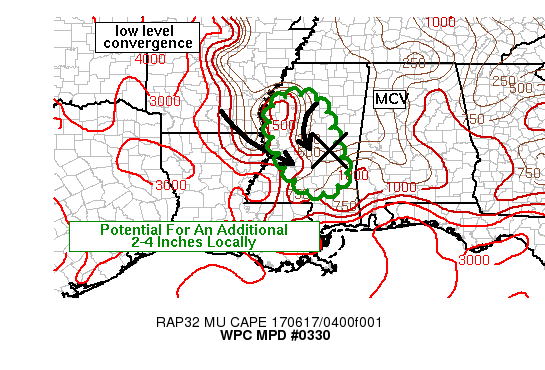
AREAS AFFECTED...CNTRL TO SRN MS

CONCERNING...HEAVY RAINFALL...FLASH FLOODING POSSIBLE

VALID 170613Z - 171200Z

SUMMARY...A NARROW CORRIDOR OF TRAINING HEAVY RAIN IS EXPECTED TO
POSE A FLASH FLOOD THREAT OVER THE NEXT 3-6 HOURS FOR CNTRL TO SRN
MISSISSIPPI.

DISCUSSION...IN THE WAKE OF A FORWARD PROPAGATING MCS...OF WHICH
THE LEADING EDGE HAS MOVED INTO THE NRN GULF OF MEXICO AS OF
0530Z...NARROW AXES OF CONVECTION ORIENTED NNW TO SSE HAVE
DEVELOPED OVER PORTIONS OF CNTRL MISSISSIPPI. THESE NARROW AXES
ARE OCCURRING WITHIN A REGION OF WEAK ELEVATED
INSTABILITY...ESTIMATED TO BE 500-1000 J/KG PER THE LATEST SPC
MESOANALYSIS PAGE. MESOSCALE CONFLUENCE AND CONVERGENCE IN THE LOW
LEVELS...850-700 MB...APPEARS TO BE THE FOCUS FOR THE CONVECTIVE
ACTIVITY.

AN MCV ANALYZED OVER E-CNTRL MISSISSIPPI AT 0530Z IS FORECAST TO
SLOWLY DRIFT SEWD OVER THE NEXT 3-6 HOURS WITH CONTINUED LOW LEVEL
CONVERGENCE OCCURRING JUST TO ITS WEST. THE CONVERGENCE AXIS MAY
BEGIN TO PIVOT MORE WEST TO EAST IN DIRECTION AS THE MCV TRACKS TO
THE SOUTHEAST THROUGH 12Z. GIVEN A WIDESPREAD 1 TO 3 INCHES OF
RAIN HAS ALREADY FALLEN OVER THE PAST 6-12 HOURS WITH THE FORWARD
PROPAGATING MCS OVER CNTRL MISSISSIPPI...AND EXPECTED RAIN RATES
THROUGH THE MORNING OF 1 TO 1.5 IN/HR WHERE TRAINING AXES OF RAIN
PERSIST...FLASH FLOODING WILL BE POSSIBLE.

THE GREATEST LIMITING FACTORS FOR FLASH FLOODING MOVING FORWARD
ARE MARGINAL INSTABILITY AND UNKNOWN PERSISTENCE OF LOW LEVEL
CONVERGENCE HELPING TO SUPPORT CONTINUED REGENERATION OF CELLS.
VARIOUS RUNS OF THE EXPERIMENTAL HRRR SEEM TO BE DOING THE BEST
WITH THE HANDLING OF HEAVY RAINFALL BUT VARY SIGNIFICANTLY WITH 6
HR STORM TOTALS FROM 2 TO 6 INCHES ENDING 12Z.